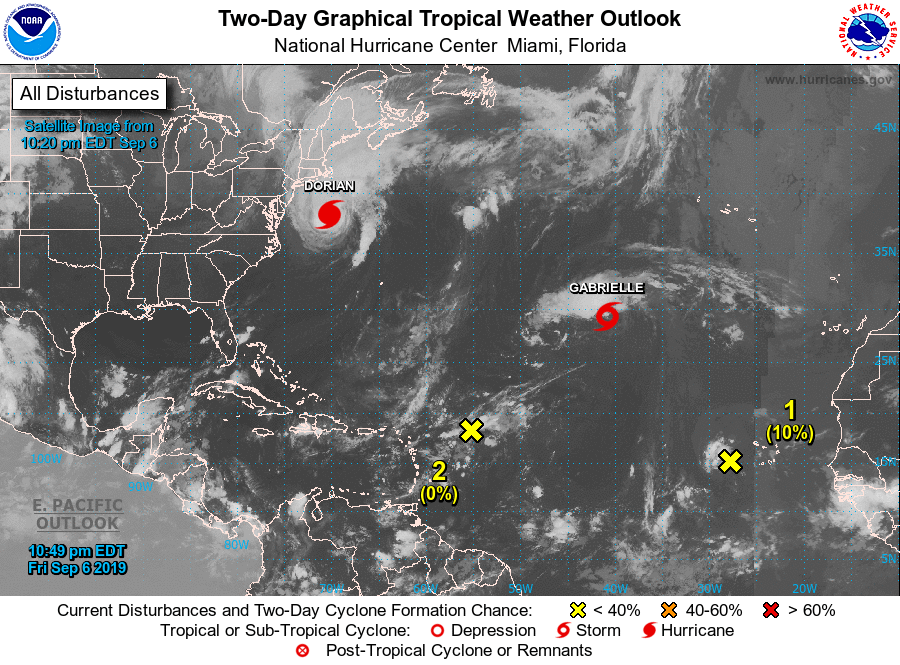
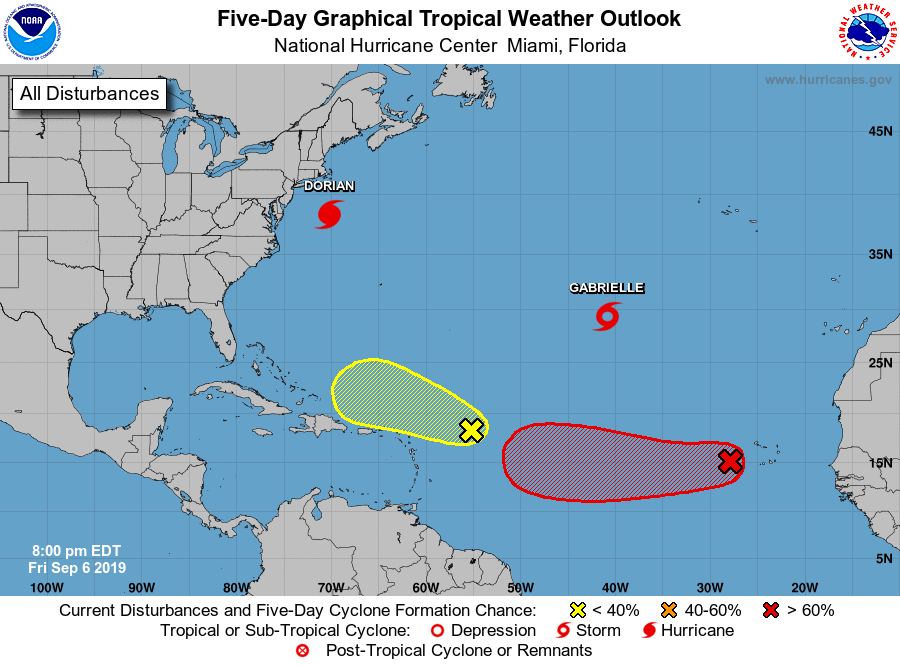
For the North Atlantic...Caribbean Sea and the Gulf of Mexico:

The National Hurricane Center is issuing advisories on Hurricane Dorian, located offshore of the mid-Atlantic coast, and on Tropical Storm Gabrielle, about 1000 miles southwest of the Azores.

1. A broad area of low pressure located just west of the Cabo Verde Islands is producing disorganized shower and thunderstorm activity. Little development, if any, of this disturbance is expected for the next couple of days, but environmental conditions are likely to become more conducive for a tropical depression to form by Tuesday or Wednesday while the system moves westward across the tropical Atlantic Ocean.
* Formation chance through 48 hours...low...10 percent.
* Formation chance through 5 days...high...70 percent.

2. Disorganized cloudiness and showers located a few hundred miles northeast of the Leeward Islands are associated with a trough of low pressure. Significant development of this system is not expected during the next several days while it moves slowly west-northwestward to northwestward.
* Formation chance through 48 hours...low...near 0 percent.
* Formation chance through 5 days...low...10 percent.

Forecaster Latto